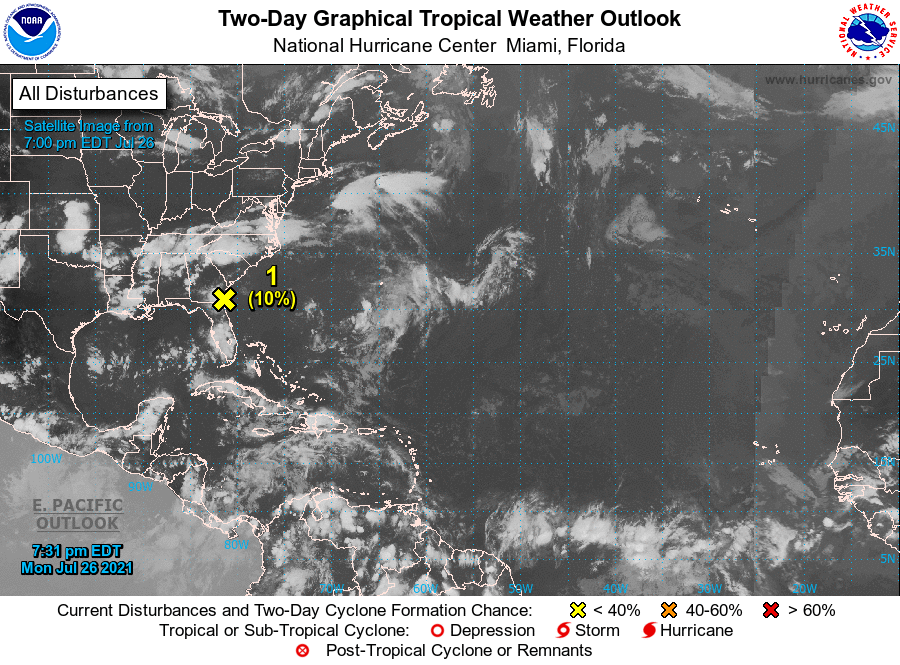
For the North Atlantic...Caribbean Sea and the Gulf of Mexico:

1. Satellite imagery and radar data indicate that the weak low pressure system that was earlier just off the southeastern United States coastline is now moving onshore just north of the border between Georgia and Florida. Shower and thunderstorm activity associated with the low remains disorganized and development of this system is unlikely as the low moves just inland over the Georgia coast tonight. Locally heavy rainfall remains possible over portions of the northeastern Florida and Georgia coast though tonight.
* Formation chance through 48 hours...low...10 percent.
* Formation chance through 5 days...low...10 percent.

Forecaster Papin/Brown